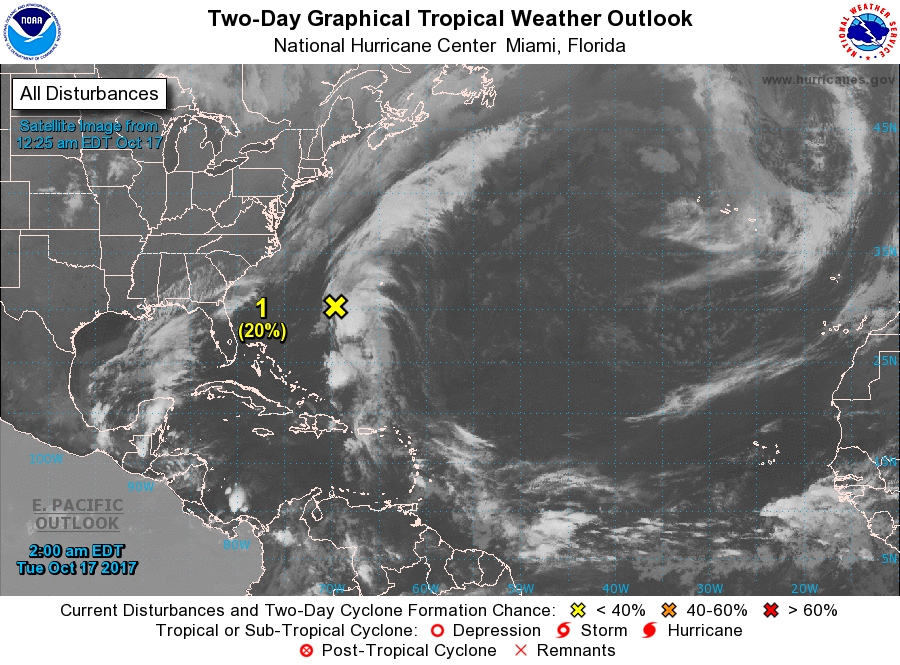
For the North Atlantic...Caribbean Sea and the Gulf of Mexico:

1. Satellite-derived wind data indicate that a sharp surface trough of low pressure lies over the southwestern Atlantic Ocean, with an associated area of disorganized showers and thunderstorms extending from Puerto Rico northward to near Bermuda. Although tropical cyclone development is becoming less likely due to strong upper- level winds, this disturbance is forecast to merge with a cold front over the western Atlantic by tonight, and a non-tropical area of low pressure is expected to develop along the front and move toward the north Atlantic during the next few days.
* Formation chance through 48 hours...low...20 percent.
* Formation chance through 5 days...low...20 percent.

Forecaster Berg